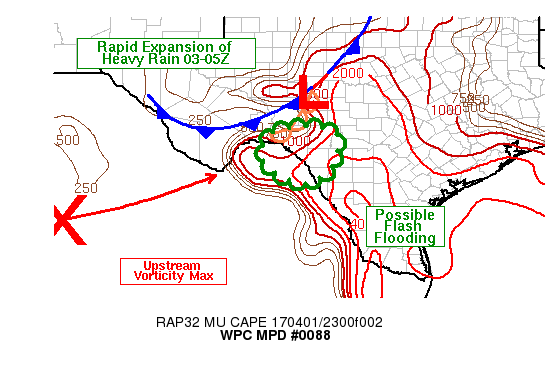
AREAS AFFECTED...SWRN TX

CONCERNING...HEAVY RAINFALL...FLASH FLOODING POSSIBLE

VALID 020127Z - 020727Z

SUMMARY...RAPID DEVELOPMENT OF CONVECTION BETWEEN 03-06Z MAY CAUSE
A FEW FLASH FLOODING ISSUES ALONG AND JUST NORTHEAST OF THE RIO
GRANDE INTO THE SRN EDWARDS PLATEAU WITH RAINFALL OF 3-5 INCHES
LOCALLY.

DISCUSSION...AT 01Z...REGIONAL RADAR AND GOES 13 INFRARED IMAGERY
SHOWED A COUPLE AREAS OF CONVECTION NEAR THE SERRANIAS DEL BURRO
IN NRN MEXICO MOVING TOWARD THE NORTHEAST AT ROUGHLY 20 KTS...BUT
STRUGGLING AS THEY CROSS THE RIO GRANDE PERHAPS DUE TO INCREASED
CAPPING GIVEN THE ONSET OF NOCTURNAL SURFACE COOLING.
HOWEVER...OVER THE PAST HOUR OR TWO...THE KDFX 850 MB VAD WIND
PLOT HAS SHOWN A STEADY INCREASE IN WIND SPEED...CURRENTLY AT 25
KT FROM THE EAST. THE INCREASED ELY TO SELY LOW LEVEL FLOW AGREES
WITH THE WELL ADVERTISED INCREASE FORECAST BY RECENT RUNS OF THE
RAP/HRRR ALLOWING LOW LEVEL MOISTURE TRANSPORT INTO THE MIDDLE RIO
GRANDE VALLEY.

A VORTICITY MAX NOTED ON WATER VAPOR IMAGERY MOVING EAST ACROSS
THE WRN MEXICAN COAST OF SINALOA...IS FORECAST TO REACH THE BIG
BEND REGION OF TEXAS BY ABOUT 06Z. CYCLONIC VORTICITY ADVECTION
AHEAD OF THIS FEATURE ALONG WITH INCREASING UPPER LEVEL DIFFLUENCE
WITHIN A COUPLED JET SIGNATURE  SHOULD PROVIDE THE NECESSARY LIFT
TO ALLOW RAPID CONVECTIVE EXPANSION IN THE 03-05Z TIME FRAME. AS A
NE-SW ORIENTED COLD FRONT CONTINUES TO ADVANCE SWED ACROSS THE
EDWARDS PLATEAU EARLY TONIGHT...NEWD MOVING CELLS ARE EXPECTED TO
PARALLEL THE BOUNDARY WHILE MOISTURE ADVECTION CONTINUES FROM THE
SE. WHILE PRECIPITABLE WATER VALUES STILL HAVE SOME TIME BEFORE
THEY REACH FORECAST VALUES OF 1.25+ INCHES...TRAINING OF HEAVY
RAIN IS EXPECTED TO LEAD TO LOCALLY HEAVY RAINFALL
TOTALS...POSSIBLY 3-5 INCHES OVER VAL VERDE TO KINNEY COUNTIES
INTO THE UPSLOPE REGION OF THE SRN EDWARDS PLATEAU. THIS SITUATION
WOULD WARRANT A FLASH FLOOD THREAT GIVEN CURRENT FLASH FLOOD
GUIDANCE VALUES OF 2.5 TO 3.5 INCHES IN 3 HOURS.